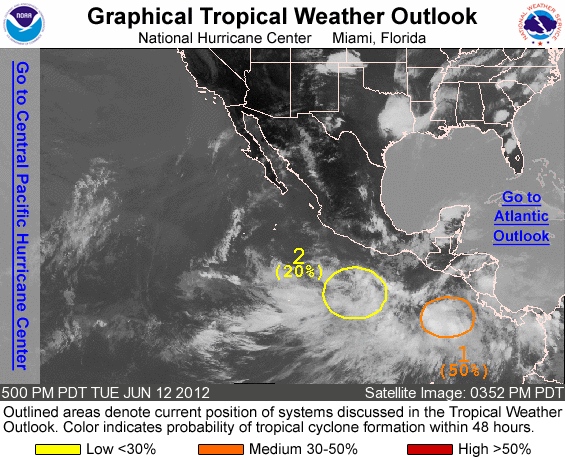
FOR THE EASTERN NORTH PACIFIC...EAST OF 140 DEGREES WEST LONGITUDE..

1. SHOWERS AND THUNDERSTORMS HAVE INCREASED IN ASSOCIATION WITH AN AREA OF LOW PRESSURE LOCATED ABOUT 500 MILES SOUTH-SOUTHEAST OF THE BORDER OF GUATEMALA AND EL SALVADOR. THIS DISTURBANCE HAS THE POTENTIAL TO DEVELOP INTO A TROPICAL DEPRESSION DURING THE NEXT DAY OR TWO AS IT MOVES WEST-NORTHWESTWARD OR NORTHWESTWARD. THIS SYSTEM HAS A MEDIUM CHANCE...50 PERCENT...OF BECOMING A TROPICAL CYCLONE DURING THE NEXT 48 HOURS.

2. A BROAD AREA OF LOW PRESSURE LOCATED SEVERAL HUNDRED MILES SOUTH-SOUTHWEST OF ACAPULCO MEXICO IS PRODUCING DISORGANIZED CLOUDINESS AND SHOWERS. ENVIRONMENTAL CONDITIONS APPEAR FAVORABLE FOR SLOW DEVELOPMENT OF THIS LOW DURING THE NEXT COUPLE OF DAYS. THIS SYSTEM HAS A LOW CHANCE...20 PERCENT...OF BECOMING A TROPICAL CYCLONE DURING THE NEXT 48 HOURS.

FORECASTER CANGIALOSI